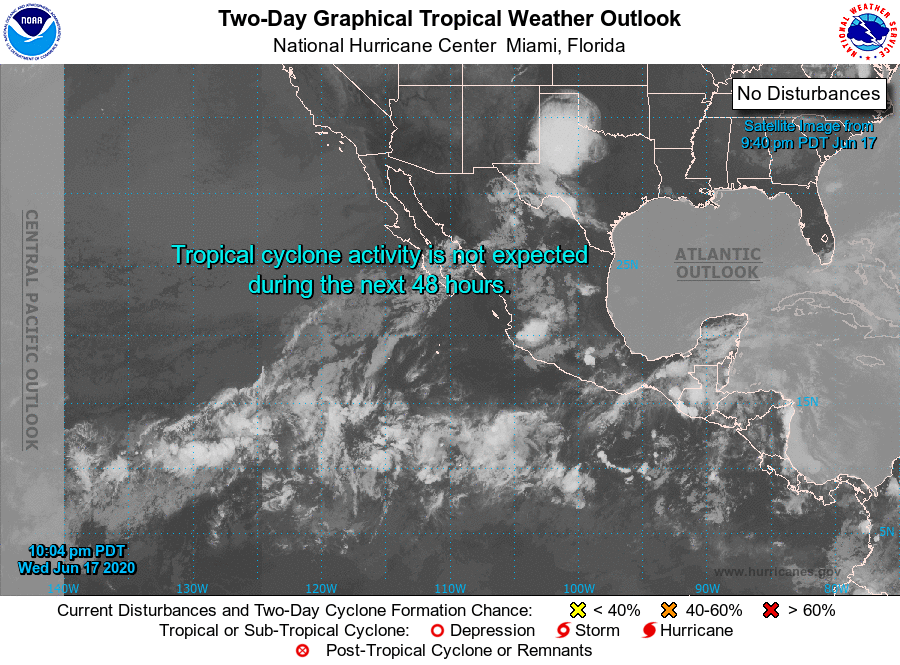
For the eastern North Pacific...east of 140 degrees west longitude:

1. A broad area of low pressure is expected to form well south or southwest of the southern coast of Mexico in a couple of days. Some slow development of this system is possible through early next week while the low moves westward, offshore of Mexico.
* Formation chance through 48 hours...low...near 0 percent.
* Formation chance through 5 days...low...20 percent.

Forecaster Beven